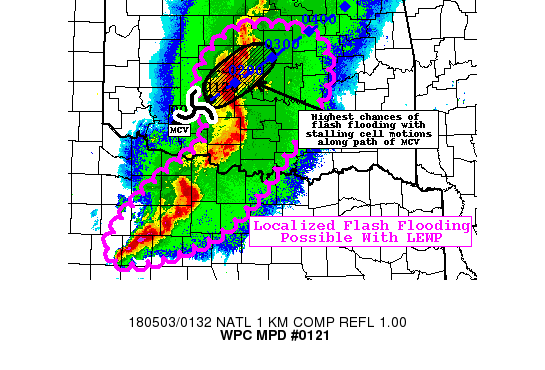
AREAS AFFECTED...CENTRAL OKLAHOMA...NORTH-CENTRAL TEXAS

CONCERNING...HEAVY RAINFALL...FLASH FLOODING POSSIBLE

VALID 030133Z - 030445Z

SUMMARY...LOCALIZED FLASH FLOODING WILL BE POSSIBLE AS A LINE OF
STORMS MOVES THROUGH PARTS OF CENTRAL OKLAHOMA AND NORTH-CENTRAL
TEXAS. HOURLY RAIN RATES HAVE ALREADY BEEN OBSERVED TO BE AS HIGH
AS 2 IN/HR AND RAIN RATES THIS HIGH IN URBANIZED AREAS COULD LEAD
TO FLOODING.

DISCUSSION...A LINE ECHO WAVE PATTERN (LEWP) WAS MOVING THROUGH
PORTIONS OF CENTRAL OKLAHOMA AND NORTH-CENTRAL TEXAS. THE OKLAHOMA
MESONET SITE NEAR MINCO RECENTLY REPORTED AN HOURLY RAIN RATE AS
HIGH AS 2 IN/HR. STORM MOTIONS HAVE BEEN CHAOTIC AND SLOW TO THE
NORTHEAST OF A MORE DOMINANT MESOVORTEX IN THE LEWP CURRENTLY
APPROACHING CHICKASHA. EXTRAPOLATION OF CURRENT TRENDS WOULD TAKE
THIS THROUGH THE OKLAHOMA CITY METRO AREA OVER THE NEXT COUPLE
HOURS. ENHANCED LOW LEVEL INFLOW AND FOCUSED CONVERGENCE JUST
DOWNSTREAM FROM THE MESOVORTEX MAY BE ABLE TO SUSTAIN HEAVY
RAINFALL OVER INDIVIDUAL LOCATIONS FOR OVER AN HOUR...AND WITH
MAXIMUM RAIN RATES ALREADY OBSERVED TO BE JUST OVER 2 IN/HR...THIS
COULD LEAD TO A FEW INCHES OF RAIN IN A VERY SHORT PERIOD OF TIME.
ALTHOUGH FLASH FLOOD GUIDANCE IS QUITE HIGH ACROSS THE
REGION...THESE VERY HIGH RAIN RATES COULD PRODUCE LOCALIZED FLASH
FLOODING IN MORE URBANIZED AREAS THAT MAY REQUIRE LESS RAINFALL TO
PRODUCE FLOODING THAN INDICATED BY FFG. GIVEN THE LOCATION AND
MOTION (NORTHEAST) OF THE MESOVORTEX...THE HIGHEST CHANCES OF
FLASH FLOODING APPEAR TO BE IN THE GENERAL VICINITY OF THE
OKLAHOMA CITY METRO AREA. HOWEVER...FLOODING IS NOT CERTAIN AS A
CONTINUED ACCELERATION OF THE LINE COULD REDUCE THE RESIDENCE TIME
OF HEAVY RAIN AND THUS LIMIT THE RAINFALL TOTALS.

ADDITIONAL STORMS WERE DEVELOPING FURTHER SOUTH IN NORTH-CENTRAL
TEXAS AND WERE ORIENTED IN A NE-SW FASHION AS OF 0130Z. THE
ORIENTATION OF THE LINE ROUGHLY PARALLEL TO CELL MOTION AND THE
FAIRLY STRONG SOUTHEASTERLY LOW-LEVEL INFLOW INTERCEPTING THE
ENTIRE LENGTH OF THE LINE COULD SUSTAIN THIS CONVECTION INTO THE
EVENING AND ALLOW FOR A SWATH OF HEAVY RAINFALL IN THIS AREA.
ALTHOUGH FLASH FLOODING MAY BE LESS LIKELY HERE GIVEN THAT
CONVECTION IS GENERALLY AWAY FROM LARGE METRO AREAS...IT CANNOT BE
RULED OUT IF TRAINING CONVECTION IS SUSTAINED FOR A COUPLE HOURS
OR MORE.